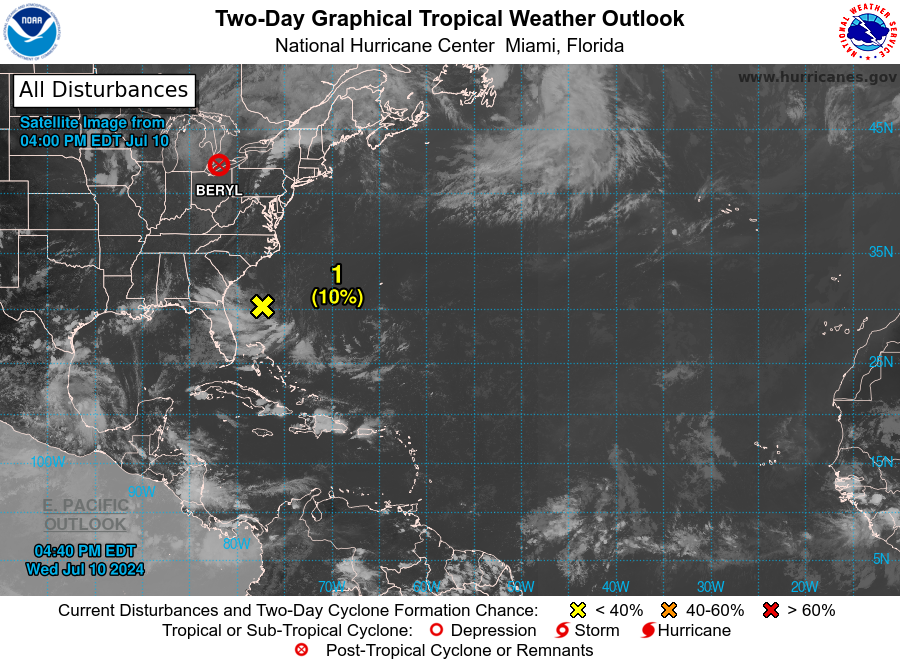
For the North Atlantic...Caribbean Sea and the Gulf of Mexico:

Active Systems: The Weather Prediction Center is issuing advisories on Post-Tropical Cyclone Beryl, located near the Great Lakes.

1. Off the Southeastern U.S. Coast: A broad trough of low pressure located a few hundred miles off the southeastern U.S. coast continues to produce disorganized showers and thunderstorms. Environmental conditions appear only marginally favorable for some additional development of this system over the next couple of days before it moves inland over the southeastern U.S. by this weekend.
* Formation chance through 48 hours...low...10 percent.
* Formation chance through 7 days...low...10 percent.

Forecaster Papin/Hagen